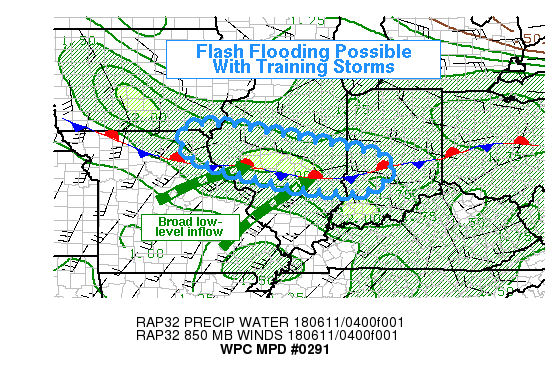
AREAS AFFECTED...CENTRAL ILLINOIS...WEST-CENTRAL INDIANA

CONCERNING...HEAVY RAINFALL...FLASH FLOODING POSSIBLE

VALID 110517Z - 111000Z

SUMMARY...THUNDERSTORMS HAVE REDEVELOPED ACROSS CENTRAL ILLINOIS
IN THE WAKE OF ACTIVITY YESTERDAY. THESE STORMS MAY TRAIN IN A
WEST-EAST DIRECTION AND PRODUCE FLASH FLOODING. RAIN RATES OF 1-2
IN/HR AND RAINFALL TOTALS OF 2-4 INCHES WILL BE POSSIBLE.

DISCUSSION...CONVECTION BEGAN TO INITIATE AROUND 03Z IN THE WAKE
OF A PREVIOUS MCS...AND HAS SINCE GROWN AND BEGUN TO COALESCE INTO
LARGER CONVECTIVE CLUSTERS. GOES-16 IR SATELLITE SHOWS CLOUD TOPS
CONTINUING TO COOL...AND TOTAL LIGHTNING ACTIVITY HAS GENERALLY
INCREASED. THESE CLUSTERS OF STORMS ARE EXPECTED TO TRAIN ALONG
AND NORTH OF A STATIONARY FRONT IN CENTRAL ILLINOIS...ON THE NOSE
OF BROAD LOW-LEVEL INFLOW AT 925-850MB. THESE STORMS ARE LIKELY
ELEVATED AT THAT INFLOW LAYER WITH VERY LIMITED SBCAPE NORTH OF
THE FRONT...BUT MUCAPE VALUES AROUND 1000-2000 J/KG. THIS SHOULD
BE SUFFICIENT TO ALLOW FOR MORE ORGANIZED CONVECTIVE CLUSTERS. RAP
ANALYZED PRECIPITABLE WATER VALUES AROUND 1.8 INCHES SUGGEST THAT
THE ENVIRONMENT WILL ALSO BE SUPPORTIVE OF HEAVY RAIN RATES IF
TRAINING CAN OCCUR...UP TO AROUND 2 IN/HR. THIS SHOULD BE CAPABLE
OF PRODUCING FLASH FLOODING GIVEN ONE HOUR FFG AROUND 1.5 INCHES.
HI-RES MODELS SHOW THIS ACTIVITY BEGINNING TO DIMINISH AROUND
09-10Z AS THE LOW-LEVEL JET BUILDS FURTHER EAST AND INTO A MORE
STABLE ENVIRONMENT.